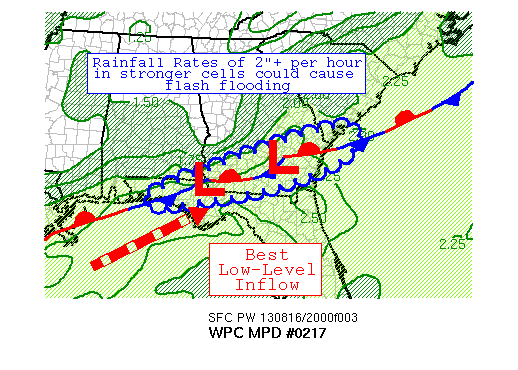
AREAS AFFECTED...NORTHERN FL AND SOUTHERN GA

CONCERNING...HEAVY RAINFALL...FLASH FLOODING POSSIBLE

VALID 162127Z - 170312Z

SUMMARY...A THIN BAND OF THUNDERSTORMS HAS FORMED NEAR A SHARP
FRONTAL ZONE FROM NORTHERNMOST FL ACROSS SOUTHERN GA.  SLOW-MOVING
THUNDERSTORMS WITH RAINFALL RATES OF 2"+ PER HOUR COULD CAUSE
REGIONAL FLASH FLOODING.

DISCUSSION...A STRONG STATIONARY FRONT FOR MID-AUGUST WITH A
COUPLE EMBEDDED WEAK AREAS OF LOW PRESSURE IS ACTING AS A FOCUS
FOR A SOLIDIFYING LINE OF CONVECTION FROM THE NORTHERN FL
PANHANDLE ACROSS SOUTHERN GA.  RAINFALL RATES OF 2"+ PER HOUR HAVE
BEEN ESTIMATED BY DOPPLER RADAR WITHIN THE STRONGER THUNDERSTORMS
EMBEDDED IN THE NARROW BAND.  DIVERGENCE ALOFT OVER THE FRONT IS
BEING AIDED BY A SHORTWAVE ACROSS AL AND NORTHERN GA.
PRECIPITABLE WATER VALUES OF 2-2.25 INCHES ARE POOLING NEAR THE
BOUNDARY WHICH IS AIDING PRECIPITATION EFFICIENCY.  CAPE VALUES
REMAIN IN THE NEIGHBORHOOD OF 1000 J/KG AND LOW-LEVEL INFLOW --
SIMILAR TO THE MAGNITUDE OF THE 0-3 KM VERTICAL WIND SHEAR -- OF
20-25 KNOTS IS CONVERGING INTO THE BOUNDARY AT A NARROW ANGLE.
THE CAPE AND LOW-LEVEL SHEAR VALUES SEEN IN THIS REGION ARE
NORMALLY NOT SUFFICIENT FOR ORGANIZED CONVECTION, WHICH COULD
EXPLAIN ITS THIN LINEAR APPEARANCE ON RADAR IMAGERY.  PROPAGATION
VECTORS ARE WEAK AND ALIGNED ALONG THE FRONTAL BOUNDARY, WHICH
INCREASES THE FLASH FLOOD RISK.

THE 15Z AND 18Z HRRR RUNS HAVE DONE A VERY GOOD JOB DEPICTING THIS
FORMING LINE OF THUNDERSTORMS, AND FORECAST THE NARROW BAND TO
CONTINUE TO EXIST UNTIL 03Z BEFORE DISSIPATING.  THEREFORE, THIS
MPD IS VALID UNTIL JUST AFTER 03Z.  USED POSSIBLE OVER LIKELY
WORDING AS THE FLASH FLOOD GUIDANCE VALUES IN THIS REGION REMAIN
MODERATELY HIGH, ON THE ORDER OF 2.5 INCHES IN ONE HOUR AND 3-4
INCHES IN THREE HOURS, WHICH COULD BE EXCEEDED ON A REGIONAL BASIS
-- CONFIDENCE IN A MAJOR REGIONAL FLASH FLOOD EVENT IS BELOW
AVERAGE.  HOWEVER, LOCALIZED RAINFALL AMOUNTS OF 4-6 INCHES ARE
POSSIBLE WITHIN THE DEFINED AREA OVER A SHORT PERIOD OF TIME.